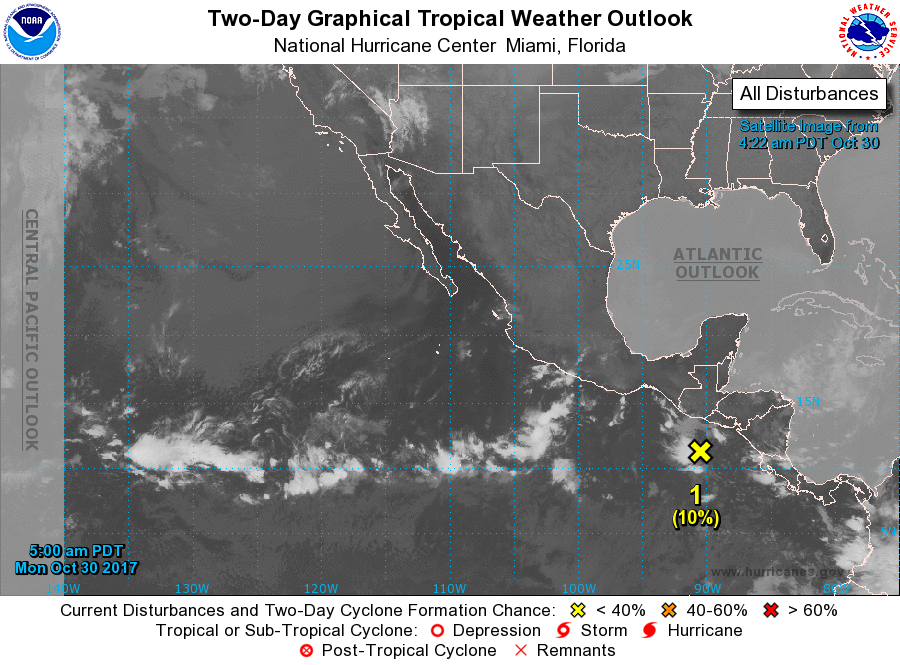
For the eastern North Pacific...east of 140 degrees west longitude:

1. A small and nearly stationary low pressure system located a couple of hundred miles south of the coast of Guatemala is producing disorganized showers and thunderstorms. Development, if any, of this system should be slow to occur while it moves westward to west-northwestward during the next several days.
* Formation chance through 48 hours...low...10 percent.
* Formation chance through 5 days...low...20 percent.

Forecaster Stewart